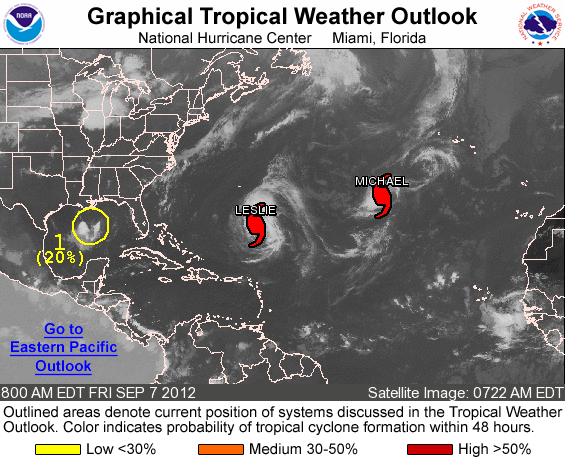
FOR THE NORTH ATLANTIC...CARIBBEAN SEA AND THE GULF OF MEXICO...

THE NATIONAL HURRICANE CENTER IS ISSUING ADVISORIES ON HURRICANE LESLIE...LOCATED ABOUT 415 MILES SOUTH-SOUTHEAST OF BERMUDA...AND ON HURRICANE MICHAEL...LOCATED ABOUT 920 MILES WEST-SOUTHWEST OF THE AZORES.

1. AN AREA OF LOW PRESSURE OVER THE NORTH-CENTRAL GULF OF MEXICO IS PRODUCING CLOUDINESS AND A FEW SQUALLS PRIMARILY SOUTH OF THE CENTER. THE LOW HAS MOVED SOUTHWARD SINCE YESTERDAY BUT IT IS FORECAST TO DRIFT EASTWARD DURING THE NEXT DAY OR TWO. ENVIRONMENTAL CONDITIONS ARE EXPECTED TO BECOME LESS FAVORABLE FOR DEVELOPMENT...AND THIS SYSTEM HAS A LOW...20 PERCENT...OF BECOMING A TROPICAL CYCLONE DURING THE NEXT 48 HOURS.

ELSEWHERE...TROPICAL CYCLONE FORMATION IS NOT EXPECTED DURING THE NEXT 48 HOURS.

FORECASTER AVILA